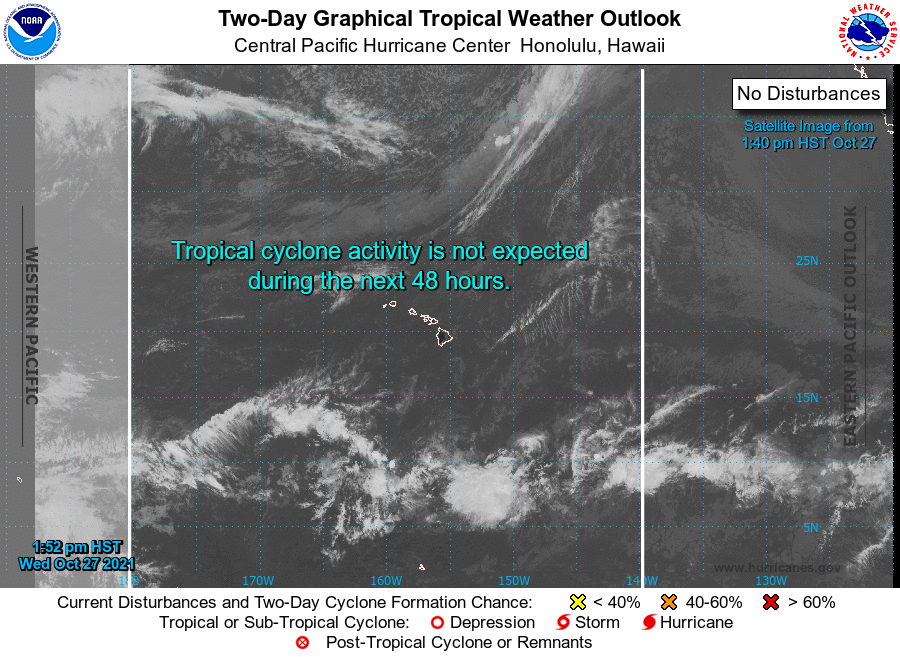
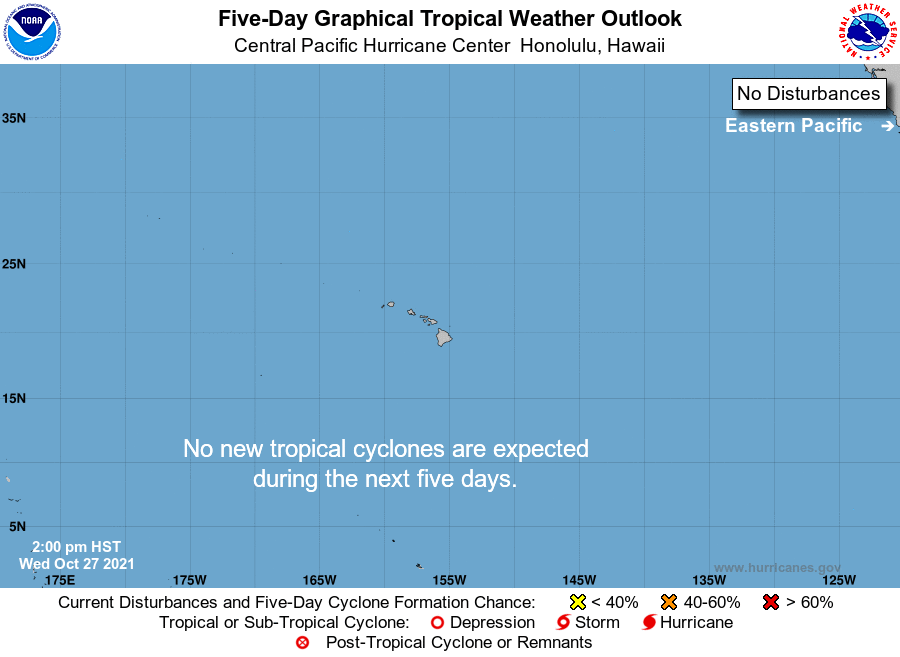
For the central North Pacific...between 140W and 180W:

No tropical cyclones are expected during the next 5 days.

Forecaster Shigesato